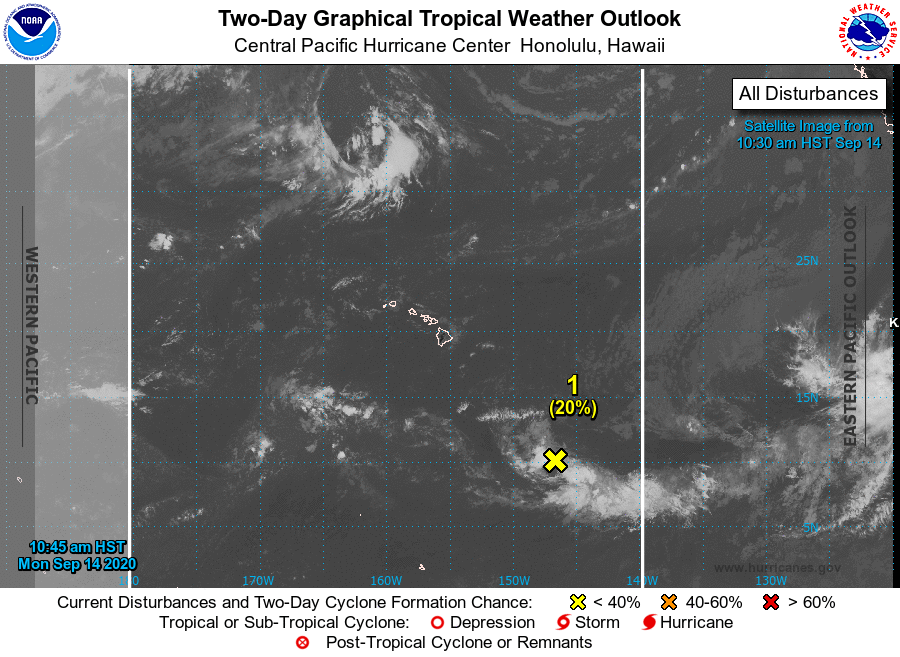
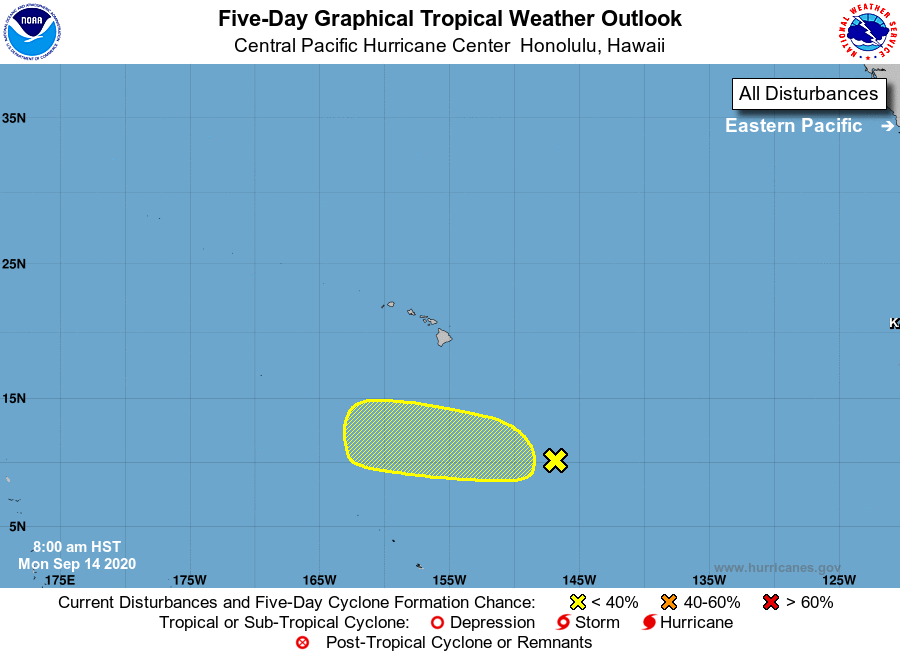
For the central North Pacific...between 140W and 180W:

1. An area of low pressure about 750 miles southeast of Hilo, Hawaii is producing disorganized showers and thunderstorms. Environmental conditions are expected to be marginally conducive for development over the next few days then deteriorate later in the week.
* Formation chance through 48 hours...low...near 20 percent.
* Formation chance through 5 days...low...20 percent.

Elsewhere, no tropical cyclones are expected during the next 5 days.

Forecaster Kino/Almanza